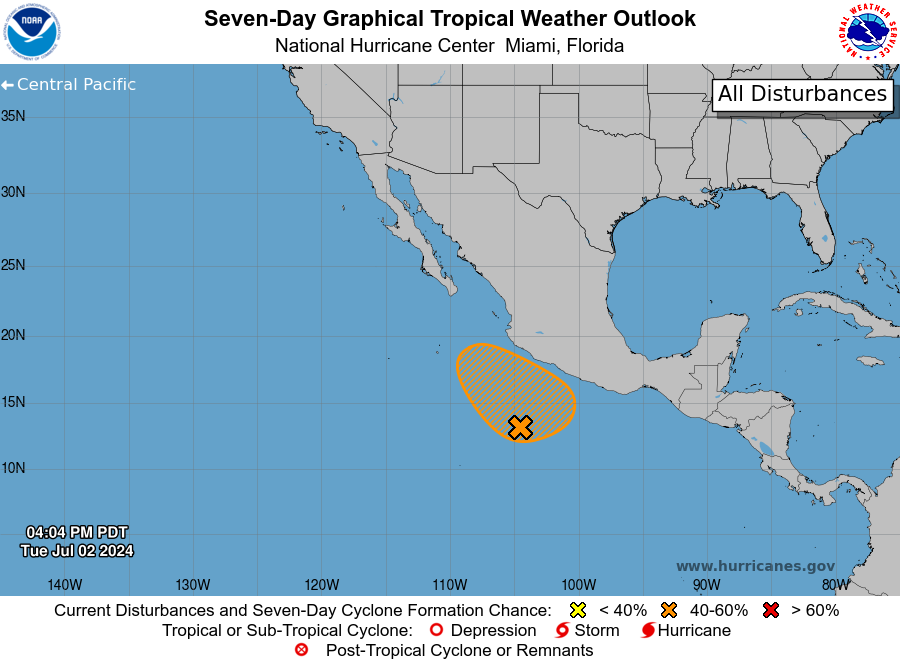
For the eastern North Pacific...east of 140 degrees west longitude:

1. Offshore of Southern Mexico: A large area of disorganized showers and thunderstorms located a few hundred miles offshore of the coast of southern Mexico is associated with a broad area of low pressure. Environmental conditions could support some gradual development of this system, and a tropical depression could form during the next couple of days while it moves northward to northwestward at 10 to 15 mph, remaining offshore of the southwestern coast of Mexico.
* Formation chance through 48 hours...medium....50 percent.
* Formation chance through 7 days...medium...50 percent.

Forecaster Hagen/Roberts